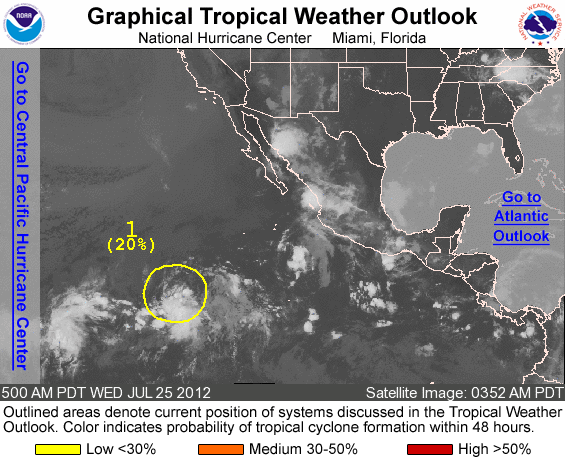
FOR THE EASTERN NORTH PACIFIC...EAST OF 140 DEGREES WEST LONGITUDE..

1. DISORGANIZED SHOWERS AND THUNDERSTORMS IN ASSOCIATION WITH AN AREA OF LOW PRESSURE ARE LOCATED ABOUT 1300 MILES WEST-SOUTHWEST OF THE SOUTHERN TIP OF BAJA CALIFORNIA. SIGNIFICANT DEVELOPMENT IS NOT ANTICIPATED AS THE SYSTEM MOVES WESTWARD OR WEST-NORTHWESTWARD AT 10 TO 15 MPH. THIS SYSTEM HAS A LOW CHANCE...20 PERCENT...OF BECOMING A TROPICAL CYCLONE DURING THE NEXT 48 HOURS.

ELSEWHERE...TROPICAL CYCLONE FORMATION IS NOT EXPECTED DURING THE NEXT 48 HOURS.

FORECASTER ROBERTS